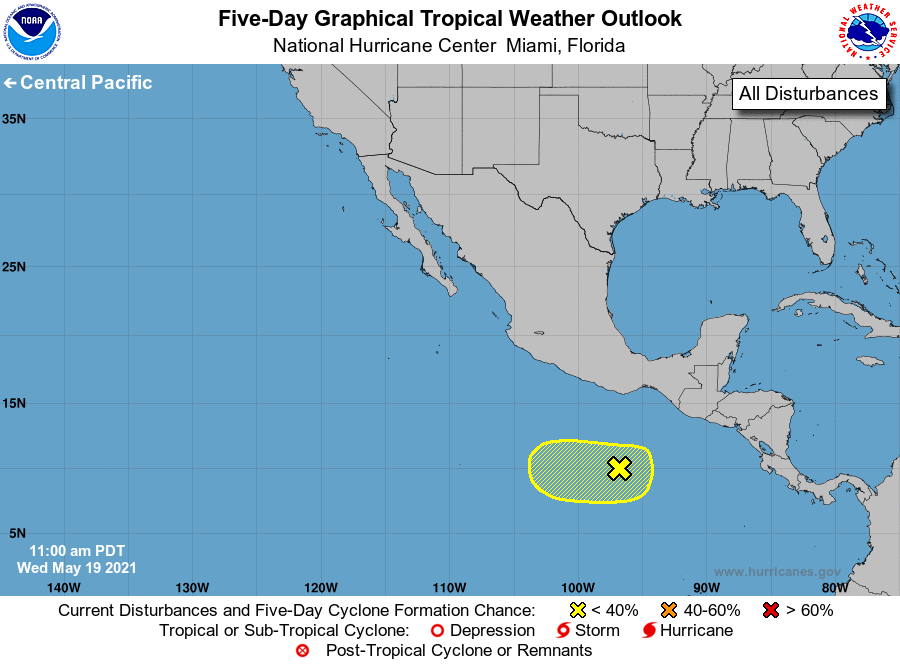
For the eastern North Pacific...east of 140 degrees west longitude:

1. A low pressure system could form during the next day or so a few hundred miles south of the Gulf of Tehuantepec. Thereafter, some slow development will be possible while the system moves westward at 5 to 10 mph.
* Formation chance through 48 hours...low...10 percent.
* Formation chance through 5 days...low...30 percent.

Forecaster Landsea